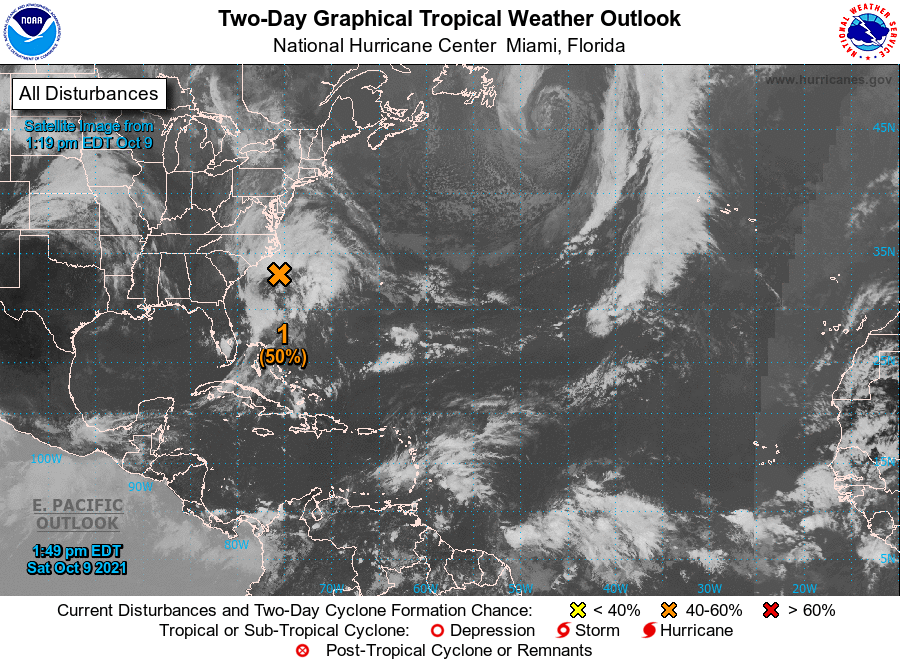
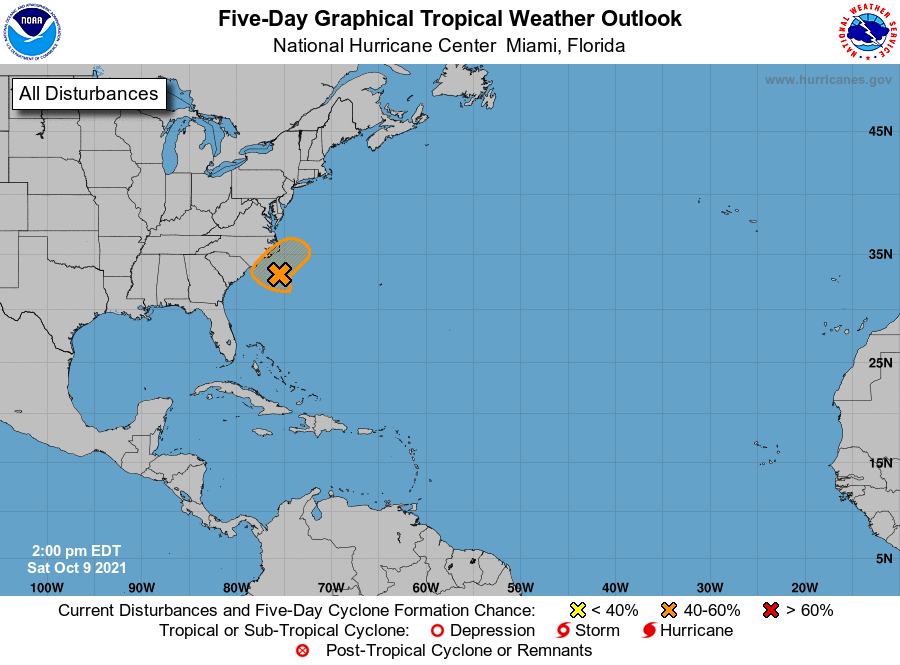
For the North Atlantic...Caribbean Sea and the Gulf of Mexico:

1. Satellite-derived wind data and surface observations indicate that a large, non-tropical low pressure system located about 150 miles southeast of Morehead City and Wilmington, North Carolina, is producing a broad area of gale-force winds to the west and north of the center. Associated shower and thunderstorm activity has been gradually increasing and becoming better organized today, and the low could acquire subtropical characteristics late this afternoon through early Sunday. However, by late Sunday and Monday, environmental conditions should become unfavorable for any further development. The low is forecast to move slowly northwestward during the next day or so, and approach the North Carolina coast tonight and early Sunday. Therefore, interests along the North Carolina coast should monitor the progress of this system. See local National Weather Service office products for more information.

Regardless of development, intermittent periods of locally heavy rains and gusty winds will affect southeastern and eastern portions of North Carolina during the next day or two. An Air Force Reserve reconnaissance aircraft is currently investigating the gale area. Additional information on this low pressure system, including gale warnings, can be found in High Seas Forecasts issued by the National Weather Service.
* Formation chance through 48 hours...medium...50 percent.
* Formation chance through 5 days...medium...50 percent.

High Seas Forecasts issued by the National Weather Service can be found under AWIPS header NFDHSFAT1, WMO header FZNT01 KWBC, and online at ocean.weather.gov/shtml/NFDHSFAT1.php

Forecaster Stewart